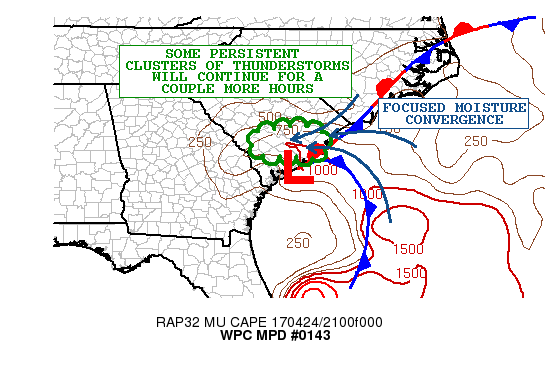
AREAS AFFECTED...CENTRAL/SOUTHEAST SC

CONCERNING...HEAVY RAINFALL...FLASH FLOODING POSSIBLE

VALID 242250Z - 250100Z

SUMMARY...SMALL CLUSTERS OF VERY SLOW-MOVING THUNDERSTORMS WITH
INTENSE RAINFALL RATES WILL BE EXPECTED FOR A COUPLE MORE
HOURS...FOLLOWED BY WEAKENING. SOME ADDITIONAL FLASH FLOODING IS
POSSIBLE.

DISCUSSION...THE LATE-DAY EXPERIMENTAL GOES-16 VIS IMAGERY SHOWS
AN AXIS OF WELL-DEFINED TCU AND EMBEDDED CB EXPANSION OCCURING
FROM CHARLESTON COUNTY AND BERKELY COUNTIES OF SOUTHEAST SC
NORTHWEST THROUGH COLLETON...DORCHESTER AND ORANGEBURG COUNTIES.
THE CONVECTION IS RELATIVELY WARM-TOPPED BUT HAS BEEN ROOTED ALONG
A LOW LEVEL INSTABILITY GRADIENT NOTED JUST ALONG THE NORTH SIDE
OF AN AREA OF LOW PRESSURE JUST SOUTHWEST OF THE CITY OF
CHARLESTON. RELATIVELY ENHANCED/FOCUSED SURFACE CONVERGENCE AROUND
THE NORTH SIDE OF THE VERY SLOW-MOVING LOW HAS HELPED TO KEEP THE
CONVECTION ANCHORED AS THE CONVECTION PRODUCES INTENSE RAINFALL.

ADDITIONAL INTENSE RAINS ARE EXPECTED OVER THE NEXT COUPLE HOURS
GOING THROUGH SUNSET...WITH A GRADUAL WEAKENING EXPECTED
THEREAFTER AS THE REMAINING INSTABILITY WEAKENS. RAINFALL RATES OF
UP TO 2 INCHES/HR...AND ADDITIONAL STORM TOTALS PERHAPS REACHING
AS MUCH AS 4 INCHES WILL BE POSSIBLE WHICH IS SUPPORTED BY THE
HRRRX GUIDANCE. GIVEN THE RECENT HEAVY RAINFALL...THIS MAY RESULT
IN SOME ADDITIONAL FLASH FLOOD CONCERNS.